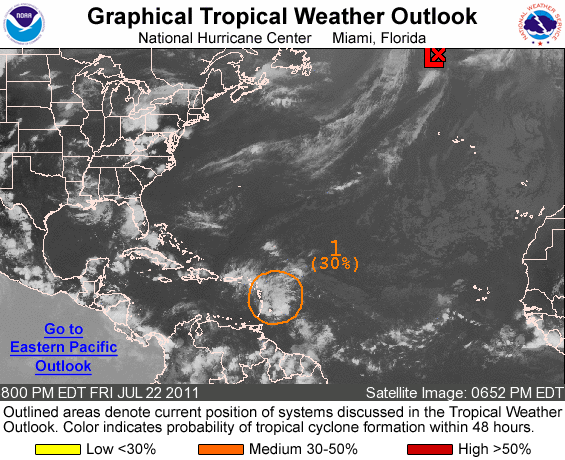
FOR THE NORTH ATLANTIC...CARIBBEAN SEA AND THE GULF OF MEXICO...

THE NATIONAL HURRICANE CENTER IS ISSUING ADVISORIES ON TROPICAL STORM CINDY...LOCATED ABOUT 590 MILES NORTH-NORTHWEST OF THE AZORES.

1. A WELL-DEFINED TROPICAL WAVE LOCATED ABOUT 200 MILES EAST OF THE LESSER ANTILLES IS PRODUCING DISORGANIZED SHOWERS AND THUNDERSTORMS. SOME SLOW DEVELOPMENT OF THIS SYSTEM IS POSSIBLE DURING THE NEXT COUPLE OF DAYS AS IT MOVES WESTWARD TO WEST-NORTHWESTWARD AT 15 TO 20 MPH. THERE IS A MEDIUM CHANCE...30 PERCENT...OF THIS SYSTEM BECOMING A TROPICAL CYCLONE DURING THE NEXT 48 HOURS. REGARDLESS OF DEVELOPMENT...BRIEF PERIODS OF LOCALLY HEAVY RAINFALL AND GUSTY WINDS WILL OCCUR OVER PORTIONS OF THE LESSER ANTILLES TONIGHT AND TOMORROW MORNING.

ELSEWHERE...TROPICAL CYCLONE FORMATION IS NOT EXPECTED DURING THE NEXT 48 HOURS.

FORECASTER ROBERTS/FRANKLIN